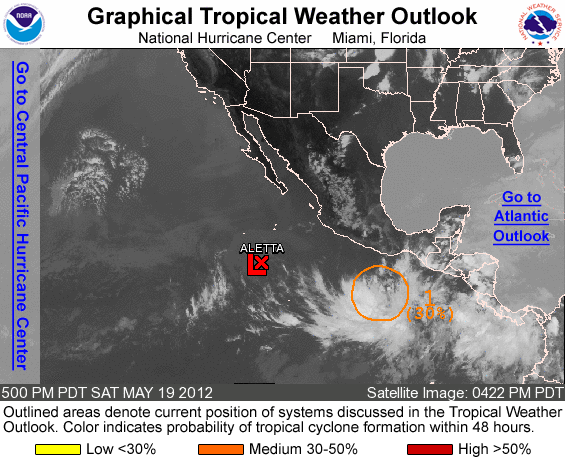
FOR THE EASTERN NORTH PACIFIC...EAST OF 140 DEGREES WEST LONGITUDE..

1. SHOWER AND THUNDERSTORM ACTIVITY CENTERED SEVERAL HUNDRED MILES SOUTH OF ACAPULCO IS SHOWING SOME SIGNS OF ORGANIZATION...BUT WITHOUT ANY WELL-DEFINED SURFACE CIRCULATION. CONDITIONS APPEAR FAVORABLE FOR GRADUAL DEVELOPMENT OF THIS SYSTEM OVER THE NEXT COUPLE OF DAYS AS IT MOVES LITTLE. THIS SYSTEM HAS A MEDIUM CHANCE...30 PERCENT...OF BECOMING A TROPICAL CYCLONE DURING THE NEXT 48 HOURS.

ELSEWHERE...TROPICAL CYCLONE FORMATION IS NOT EXPECTED DURING THE NEXT 48 HOURS.

FORECASTER FRANKLIN/BLAKE